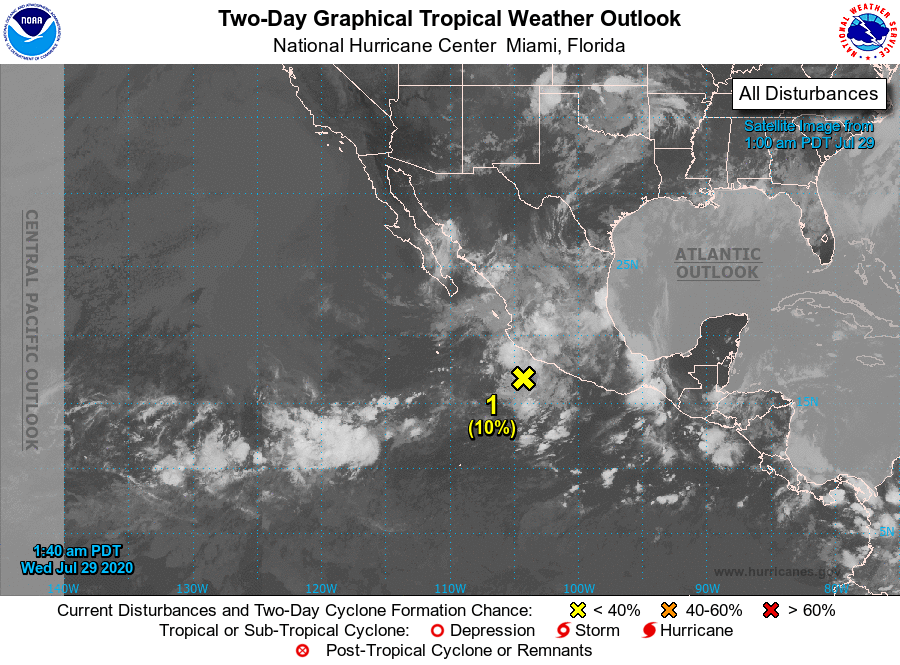
For the eastern North Pacific...east of 140 degrees west longitude:

1. A trough of low pressure is producing an area of showers and thunderstorms just offshore of the coast of southwestern Mexico. Strong upper-level winds are expected to inhibit significant development while the system moves slowly northwestward near the southwestern coast of Mexico during the next couple of days.
* Formation chance through 48 hours...low...10 percent.
* Formation chance through 5 days...low...10 percent.

Forecaster Cangialosi